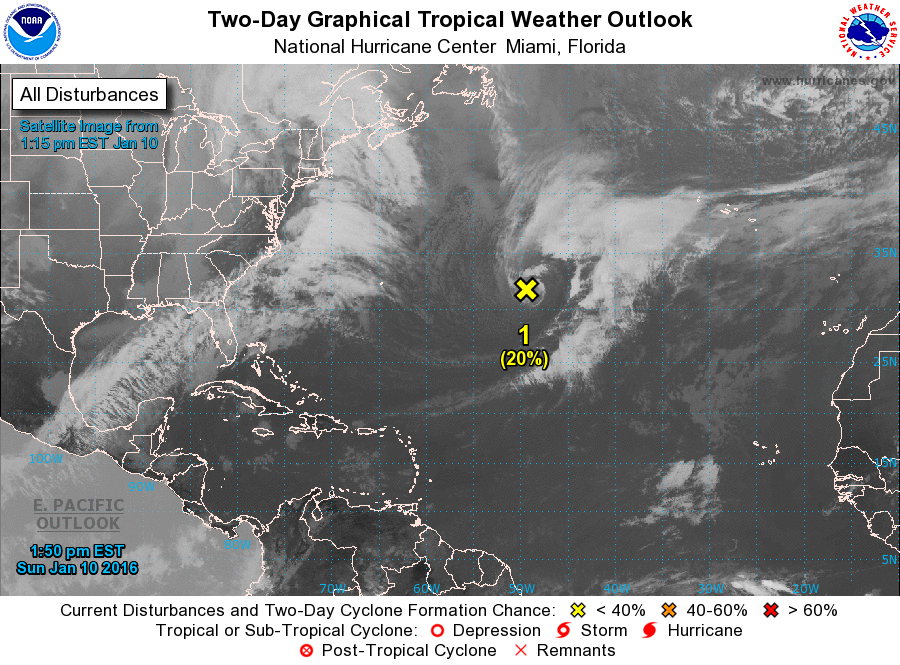
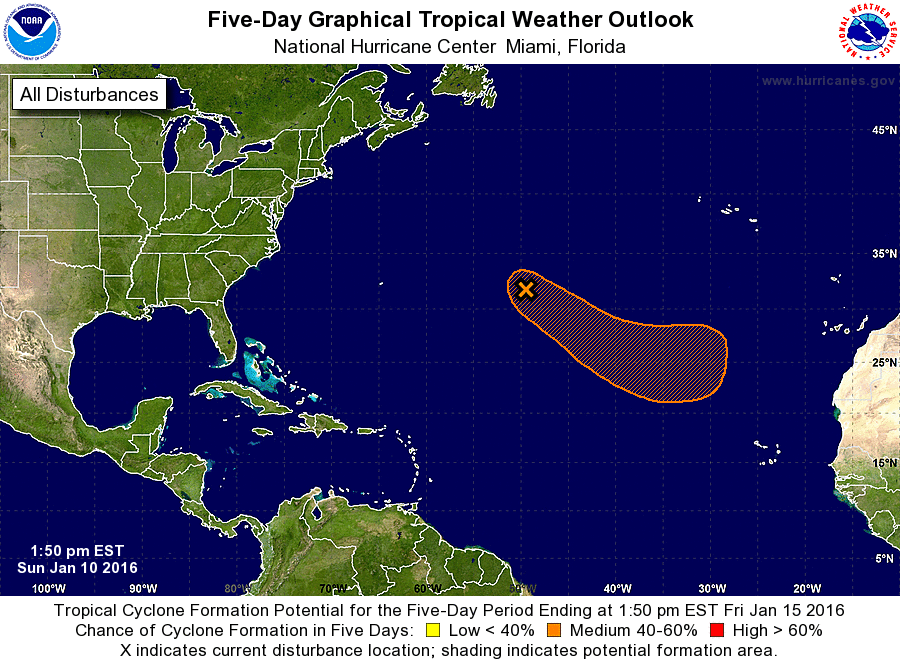
For the North Atlantic...Caribbean Sea and the Gulf of Mexico:

1. An extratropical low pressure system located over the central Atlantic Ocean about 900 miles east of Bermuda is producing a large area of gale-force winds and maximum winds of hurricane force. Shower activity is currently limited near the center, but this low could gradually acquire some subtropical or tropical characteristics during the next few days while it moves southeastward and then eastward into the eastern subtropical Atlantic. Regardless of subtropical or tropical cyclone formation, this system is expected to produce hazardous marine conditions over portions of the central and eastern Atlantic for the next few days. For additional information, see High Seas Forecasts issued by the National Weather Service. The next Special Tropical Weather Outlook on this system will be issued by 2 PM EST Monday.
* Formation chance through 48 hours...low...20 percent
* Formation chance through 5 days...medium...40 percent

High Seas Forecasts issued by the National Weather Service can be found under AWIPS header NFDHSFAT1, WMO header FZNT01 KWBC, and on the Web at http://www.opc.ncep.noaa.gov/shtml/NFDHSFAT1.shtml.

Forecaster Brennan